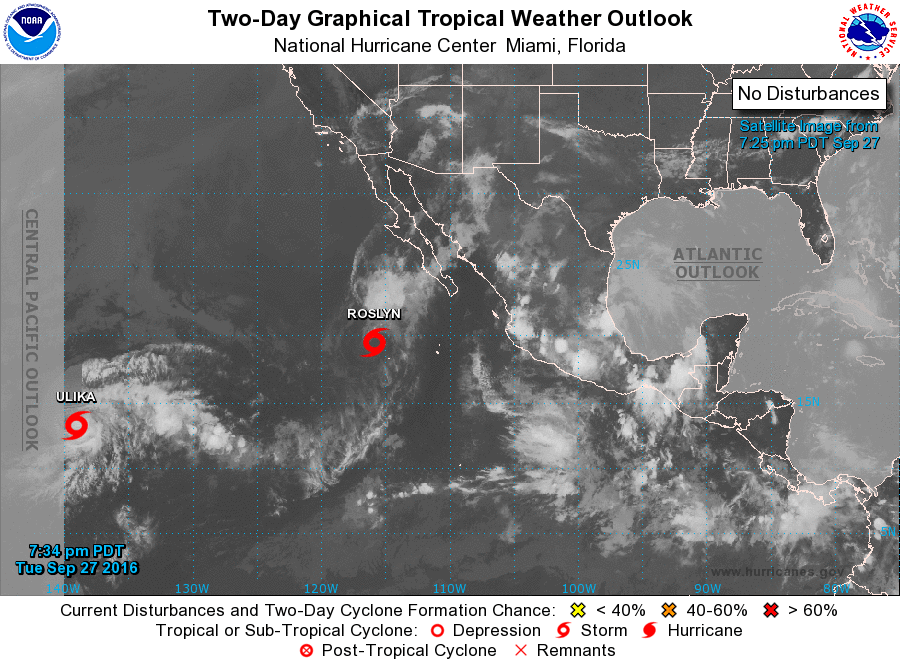
For the eastern North Pacific...east of 140 degrees west longitude:

The National Hurricane Center is issuing advisories on Tropical Storm Roslyn, located several hundred miles west-southwest of the southern tip of the Baja California peninsula, and on Tropical Storm Ulika, located well east-southeast of the Hawaiian Islands.

1. An area of low pressure is expected to form several hundred south of the southern tip of the Baja California peninsula in a couple of days. Environmental conditions are expected to be conducive for gradual development of this system late this week and this weekend while the low moves generally west-northwestward.
* Formation chance through 48 hours...low...near 0 percent
* Formation chance through 5 days...medium...50 percent

Forecaster Cangialosi